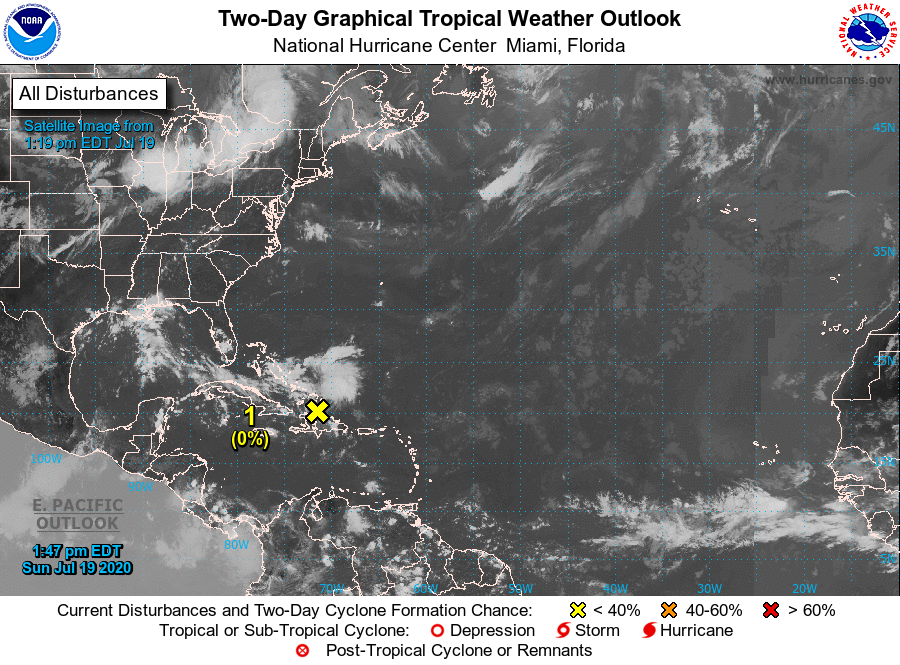
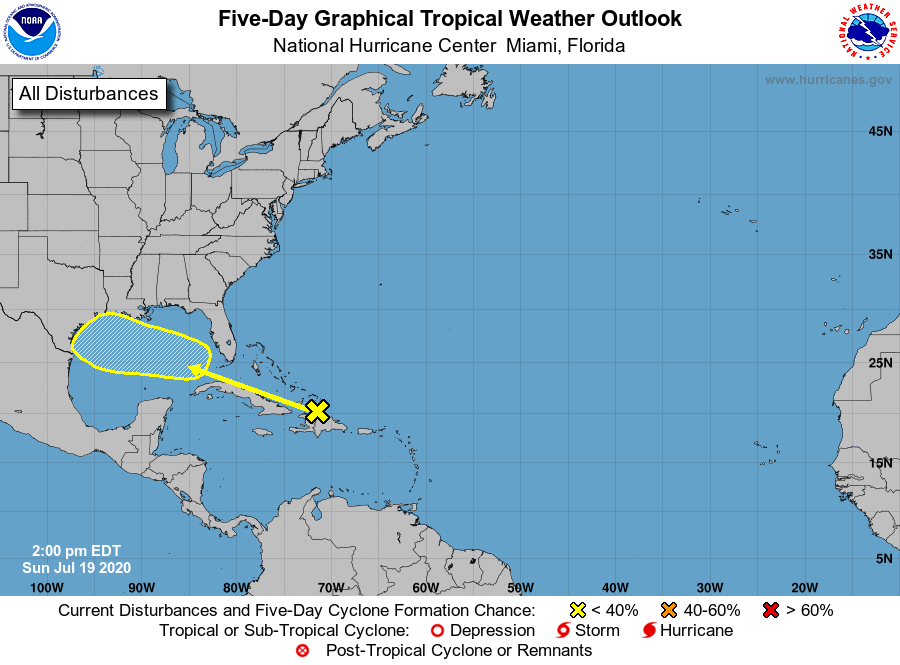
For the North Atlantic...Caribbean Sea and the Gulf of Mexico:

1. A tropical wave located over Hispaniola, the southeastern Bahamas, and the adjacent waters of the southwestern Atlantic is moving west-northwestward at about 15 mph. This system is expected to move over the southeastern Gulf of Mexico by Tuesday, and then move across the central Gulf on Wednesday and reach the northwestern Gulf on Thursday. This disturbance is currently producing disorganized shower activity, but environmental conditions are expected to become a little more conducive for development once the system reaches the Gulf of Mexico.
* Formation chance through 48 hours...low...near 0 percent.
* Formation chance through 5 days...low...20 percent.

Forecaster Beven